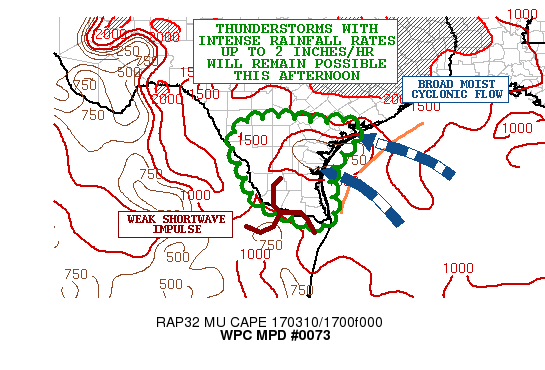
AREAS AFFECTED...SOUTH-CENTRAL TX...LOWER RIO GRANDE VALLEY

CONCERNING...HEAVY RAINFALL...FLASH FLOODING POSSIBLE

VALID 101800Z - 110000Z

SUMMARY...HEAVY RAINS FROM THUNDERSTORMS WILL CONTINUE TO IMPACT
PARTS OF SOUTH-CENTRAL TX AND THE LOWER RIO GRANDE VALLEY THROUGH
THIS AFTERNOON. FLASH FLOODING WILL BE POSSIBLE.

DISCUSSION...THE LATEST IR/WV SATELLITE IMAGERY SUGGESTS A WEAK
SHORTWAVE TROUGH OVER THE LOWER RIO GRANDE VALLEY WHICH IS
INTERACTING WITH A BROAD AREA OF MOIST LOW LEVEL EAST TO SOUTHEAST
FLOW COMING IN OFF THE GULF OF MEXICO AND A WEAK INVERTED SURFACE
TROUGH. THIS COUPLED WITH AN UPTICK IN DIURNAL HEATING HAS BEEN
RESULTING IN A GRADUAL WESTWARD EXPANSION OF CONVECTION ACROSS
SOUTH-CENTRAL TX.

ALREADY STRONG CONVECTION HAS PRODUCED HEAVY RAINS AND FLASH
FLOODING IN THE DOWNTOWN CORPUS CHRISTI AREA...AND ADDITIONAL
CONVECTION IS EXPECTED THIS AFTERNOON WITH A GRADUALLY
DESTABILIZING BOUNDARY LAYER THROUGH SOLAR INSOLATION/DIURNAL
HEATING. SOME OF THE GREATER INSTABILITY WITH TIME SHOULD TEND TO
FOCUS FARTHER SOUTH DOWN ACROSS THE LOWER RIO GRANDE VALLEY WHERE
MORE SURFACE HEATING IS EXPECTED...AND THIS WILL LIKELY BE WHERE
THE GREATER CONVECTIVE THREAT SETS UP THROUGH MID TO LATE
AFTERNOON.

GPS-DERIVED PWATS ARE RUNNING BETWEEN 1.6 AND 1.8 INCHES...AND
WILL BE SUPPORTIVE OF RAINFALL RATES APPROACHING 2 INCHES/HR. THE
INTENSE RAINFALL RATES AND RELATIVELY SLOW CELL MOTION WILL FOSTER
LOCALLY AS MUCH AS 3 TO 5 INCHES OF RAIN IN AS LITTLE AS 2 TO 3
HOURS. THIS MAY RESULT IN SOME ADDITIONAL RUNOFF/FLASH FLOODING
CONCERNS THROUGH THE AFTERNOON. WILL CONTINUE TO MONITOR.